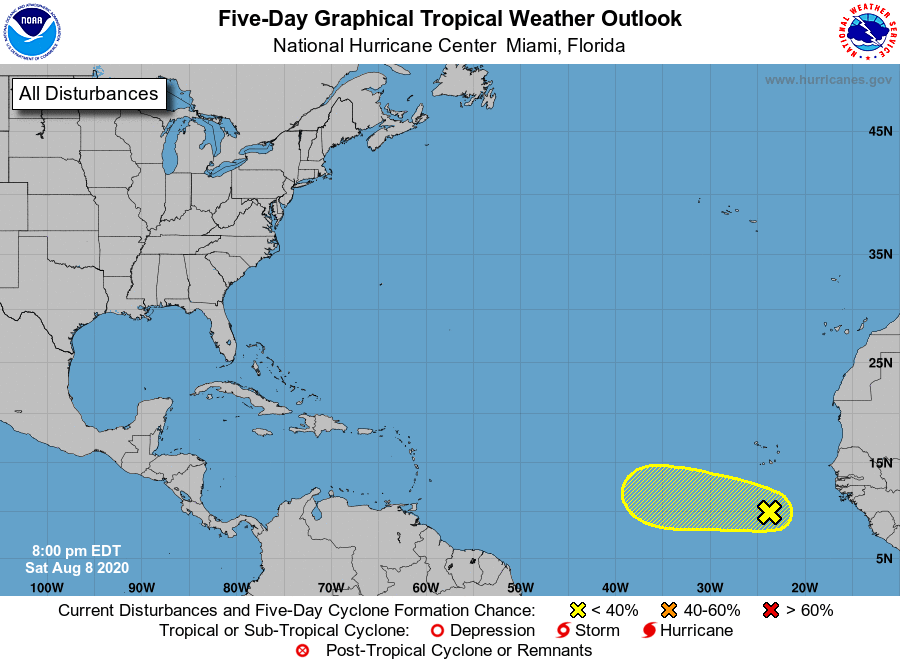
For the North Atlantic...Caribbean Sea and the Gulf of Mexico:

1. Showers and thunderstorms located a few hundred miles south of the Cabo Verde Islands are associated with a westward-moving tropical wave. Some slow development of this system is possible over the next few days as it crosses the tropical eastern Atlantic. By the middle of next week, environmental conditions are expected to become less favorable for development.
* Formation chance through 48 hours...low...10 percent.
* Formation chance through 5 days...low...20 percent.

Forecaster Latto